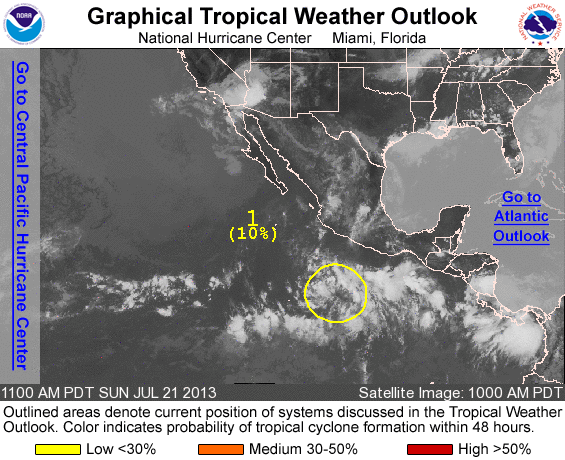
FOR THE EASTERN NORTH PACIFIC...EAST OF 140 DEGREES WEST LONGITUDE..

1. A BROAD LOW PRESSURE AREA...LOCATED SEVERAL HUNDRED MILES SOUTH-SOUTHWEST OF ACAPULCO MEXICO...IS PRODUCING DISORGANIZED SHOWERS AND THUNDERSTORMS. HOWEVER...ENVIRONMENTAL CONDITIONS ARE GENERALLY FAVORABLE FOR SLOW DEVELOPMENT OF THIS LOW DURING THE NEXT COUPLE OF DAYS AS IT MOVES WEST-NORTHWESTWARD AT 10 TO 15 MPH. THIS SYSTEM HAS A LOW CHANCE...10 PERCENT...OF BECOMING A TROPICAL CYCLONE DURING THE NEXT 48 HOURS.

FORECASTER STEWART